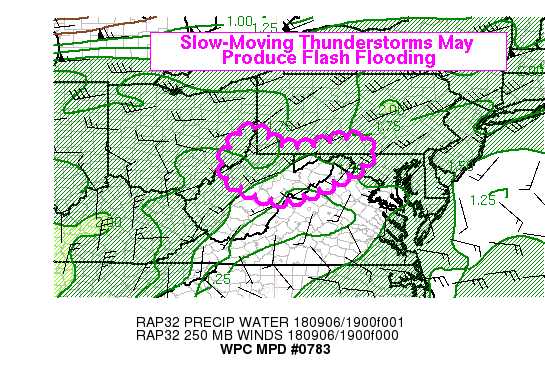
Areas affected...Nrn West Virginia, Far Srn Pennsylvania, Wrn
Maryland

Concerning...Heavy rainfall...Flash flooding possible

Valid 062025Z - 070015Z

Summary...Thunderstorms were slowing down over the central
Appalachians and beginning to produce locally heavy rainfall from
northern West Virginia into far southern Pennsylvania. Rain rates
of around 2 in/hr, or locally higher, were being estimated by
radar, and this could lead to localized flash flooding in the
region.

Discussion...Recent radar trends from KPBZ and KRLX show
convective cells and small clusters beginning to hang up in
northern West Virginia and adjacent portions of Maryland and
Pennsylvania. Average observed storm motions in this region were
rather slow, and the region appeared to be south of a belt of
stronger mid-upper level flow, as well as just downstream of an
upper level trough. This was likely acting to reduce the westerly
component of the deep layer mean wind, and overall storm motions.
Additionally, backbuilding storm motion speeds were less than ten
knots. All of these factors confirm broader atmospheric support
for the observed slow storm motions. RAP analyzed precipitable
waters were generally above 1.5 inches near the WV-PA border, but
were lower to the south near the WV-VA border. This is generally
consistent with GPS-PW observations, and GOES-16 Simple Water
Vapor RGB which show a pocket of drier air further to the south.
Therefore, the southward extent of convection and the threat of
heavy rainfall may be somewhat limited. Nevertheless, where
convection is able to develop, it should move very slowly, have a
tendency to backbuild slightly to the west-southwest, and the rain
rates should be relatively high. The strong instability in place
(MLCAPE 1500-2000 j/kg) should allow 2+ inch per hour rain rates
to be realized with the PWs near the WV-VA border region above the
90th percentile for early-to-mid September. The convective
intensity and coverage is expected to be tied closely to the
diurnal cycle, so there should be a diminishing trend closer to
00Z.